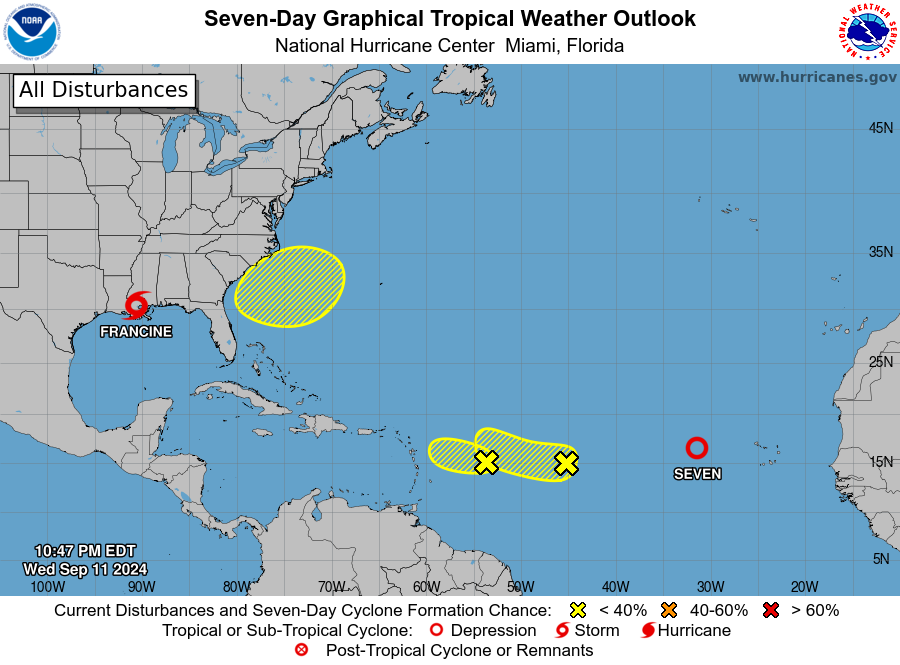
For the North Atlantic...Caribbean Sea and the Gulf of Mexico:

Active Systems: The National Hurricane Center is issuing advisories on Hurricane Francine, located over southern Louisiana and on Tropical Depression Seven located over the eastern Atlantic Ocean.

1. Central Tropical Atlantic (AL92): An area of low pressure located over the central tropical Atlantic continues to produce disorganized shower and thunderstorm activity. Environmental conditions appear marginally conducive for some slight development during the next day or so while the system moves westward at 5 to 10 mph over the central tropical Atlantic. The disturbance is expected to reach an area of stronger upper-level winds on Friday, likely ending its chances for development.
* Formation chance through 48 hours...low...20 percent.
* Formation chance through 7 days...low...20 percent.

2. East of the Leeward Islands (AL94): A small area of low pressure located several hundred miles to the east of the Leeward Islands is producing a limited area of disorganized showers and thunderstorms. The proximity of dry air near the system is expected to limit additional development over the next couple of days before environmental conditions become even less conducive by this weekend as it moves slowly west-northwestward.
* Formation chance through 48 hours...low...10 percent.
* Formation chance through 7 days...low...10 percent.

3. Offshore the Southeastern U.S.: In a few days, a non-tropical area of low pressure could form along a residual frontal boundary a few hundred miles off the southeastern U.S. coastline. Thereafter, some subtropical or tropical development is possible during the early part of next week while the system drifts to the north or northwest.
* Formation chance through 48 hours...low...near 0 percent.
* Formation chance through 7 days...low...30 percent.

Forecaster Bucci